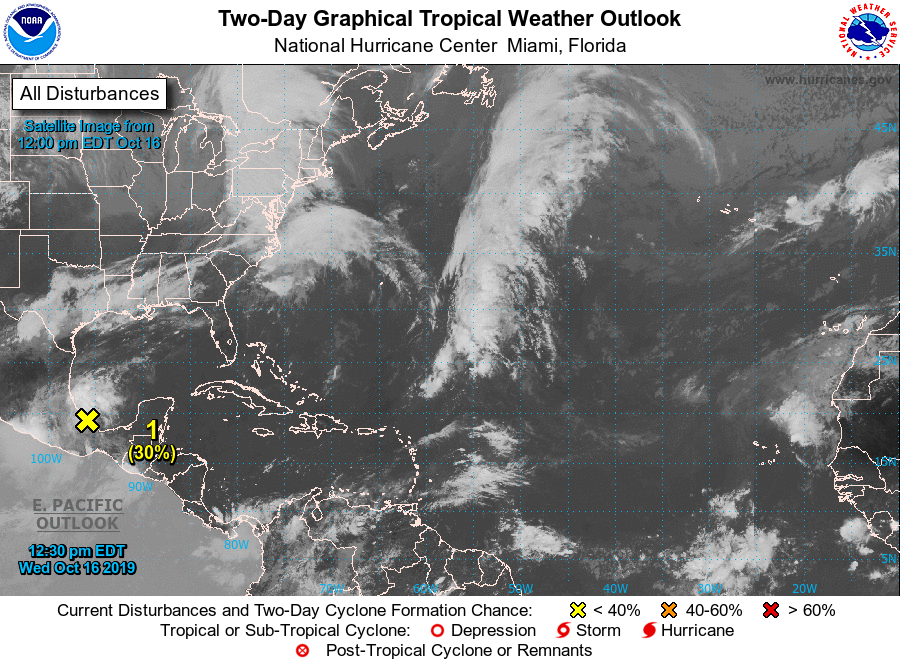
For the North Atlantic...Caribbean Sea and the Gulf of Mexico:

The National Hurricane Center has issued the last advisory on Tropical Depression Fifteen, which has degenerated into a trough of low pressure near the northern Cabo Verde Islands.

1. A trough of low pressure located just offshore of the coast of southern Mexico, in the Bay of Campeche, is producing disorganized showers and thunderstorms. Gradual development is possible, and a tropical or subtropical cyclone could form late this week over the western or central Gulf of Mexico while the system is moving generally northeastward. An Air Force Reserve reconnaissance aircraft is scheduled to investigate the system this afternoon, if necessary.
* Formation chance through 48 hours...low...30 percent.
* Formation chance through 5 days...medium...50 percent.

Forecaster Roberts